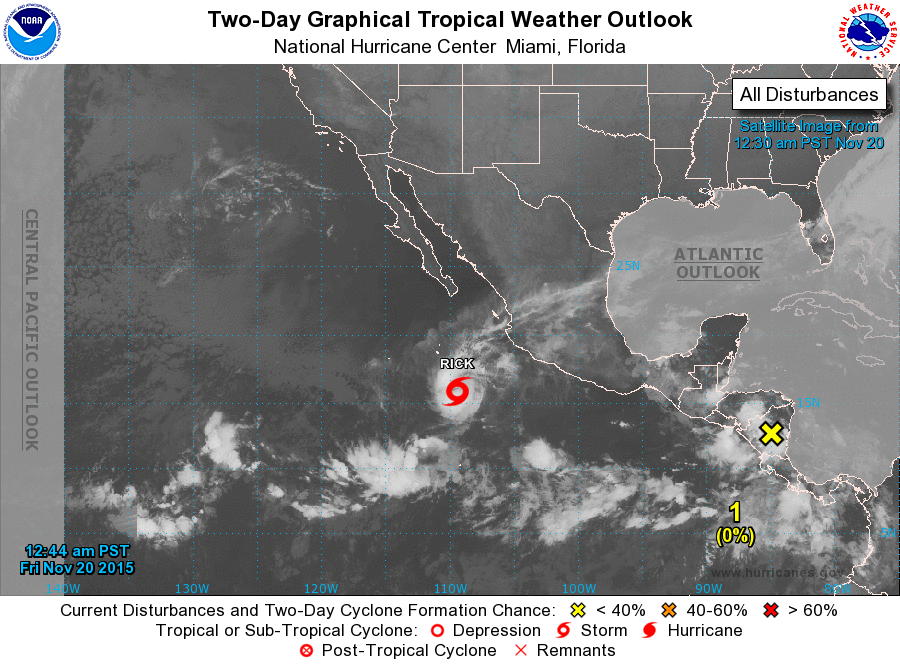
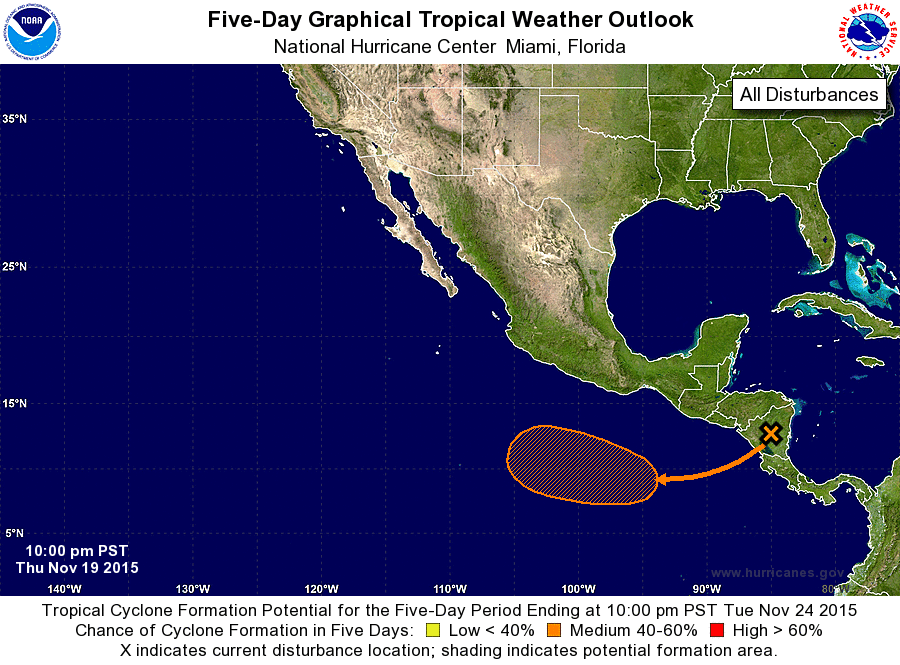
For the eastern North Pacific...east of 140 degrees west longitude:

The National Hurricane Center is issuing advisories on Tropical Storm Rick, located a few hundred miles southwest of Manzanillo, Mexico.

1. An area of low pressure moving westward across Nicaragua is forecast to move offshore over the far eastern north Pacific Ocean on Friday. Environmental conditions are expected to become conducive for development, and a tropical cyclone could form south or southwest of the Gulf of Tehuantepec by the middle of next week while the low moves westward or west-northwestward at 10 to 15 mph.
* Formation chance through 48 hours...low...near 0 percent
* Formation chance through 5 days...medium...40 percent

Forecaster Berg